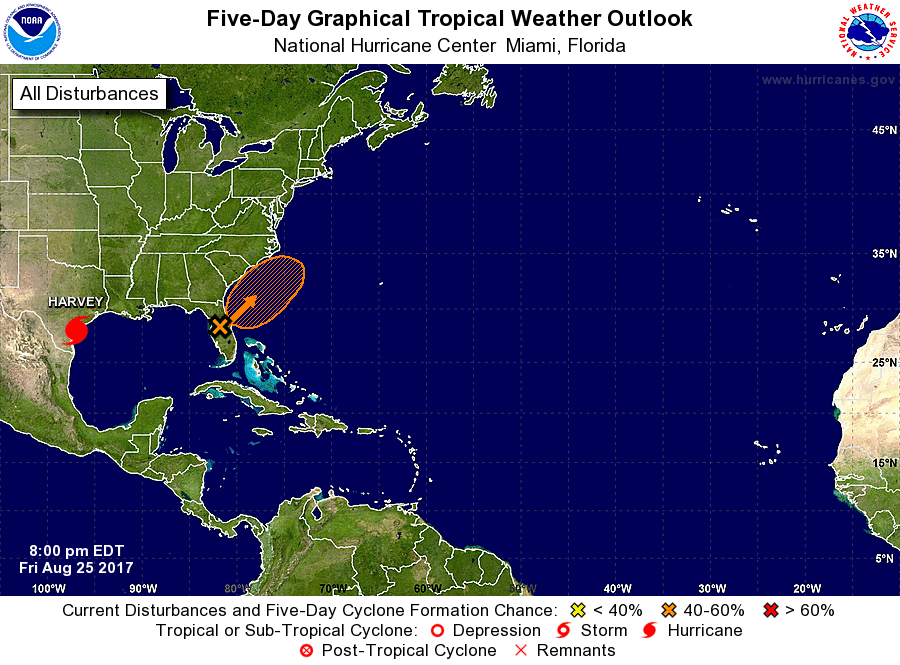
For the North Atlantic...Caribbean Sea and the Gulf of Mexico:

The National Hurricane Center is issuing advisories on Hurricane Harvey, located over the western Gulf of Mexico.

1. A broad area of low pressure located over the central Florida peninsula is producing a large area of disorganized cloudiness and thunderstorms over southern and central Florida and the adjacent waters. This system is forecast to move northeastward and emerge over the western Atlantic this weekend where some development is expected through early next week before it merges with a front. Regardless of development, heavy rain and flooding is possible over portions of southern and central Florida, and the northwestern Bahamas during the next few days. In addition, this system is expected to cause increasing northeast winds and rough surf along the coast of Georgia and the Carolinas through early next week. Please refer to products from your local weather office for more information on this system.
* Formation chance through 48 hours...low...30 percent.
* Formation chance through 5 days...medium...50 percent.

Forecaster Landsea